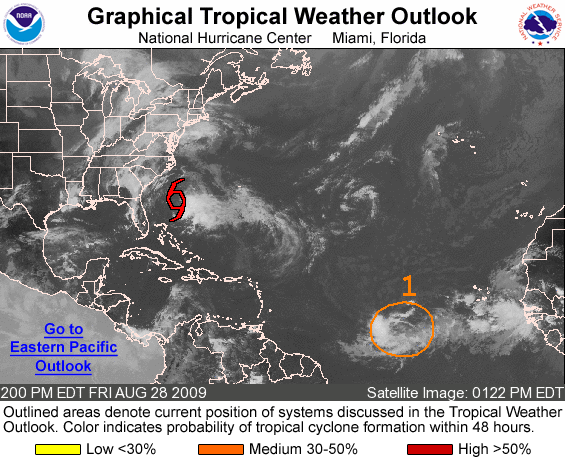
FOR THE NORTH ATLANTIC...CARIBBEAN SEA AND THE GULF OF MEXICO...

THE NATIONAL HURRICANE CENTER IS ISSUING ADVISORIES ON TROPICAL STORM DANNY...LOCATED ABOUT 355 MILES SOUTH OF CAPE HATTERAS NORTH CAROLINA.

1. A BROAD AREA OF LOW PRESSURE LOCATED ABOUT 900 MILES WEST-SOUTHWEST OF THE SOUTHERNMOST CAPE VERDE ISLANDS CONTINUES TO PRODUCE DISORGANIZED SHOWERS AND THUNDERSTORMS. CONDITIONS APPEAR FAVORABLE FOR SLOW DEVELOPMENT OF THIS SYSTEM OVER THE NEXT COUPLE OF DAYS AS IT MOVES GENERALLY WESTWARD AT AROUND 15 MPH. THERE IS A MEDIUM CHANCE...30 TO 50 PERCENT...OF THIS SYSTEM BECOMING A TROPICAL CYCLONE DURING THE NEXT 48 HOURS.

ELSEWHERE...TROPICAL CYCLONE FORMATION IS NOT EXPECTED DURING THE NEXT 48 HOURS.

FORECASTER BRENNAN